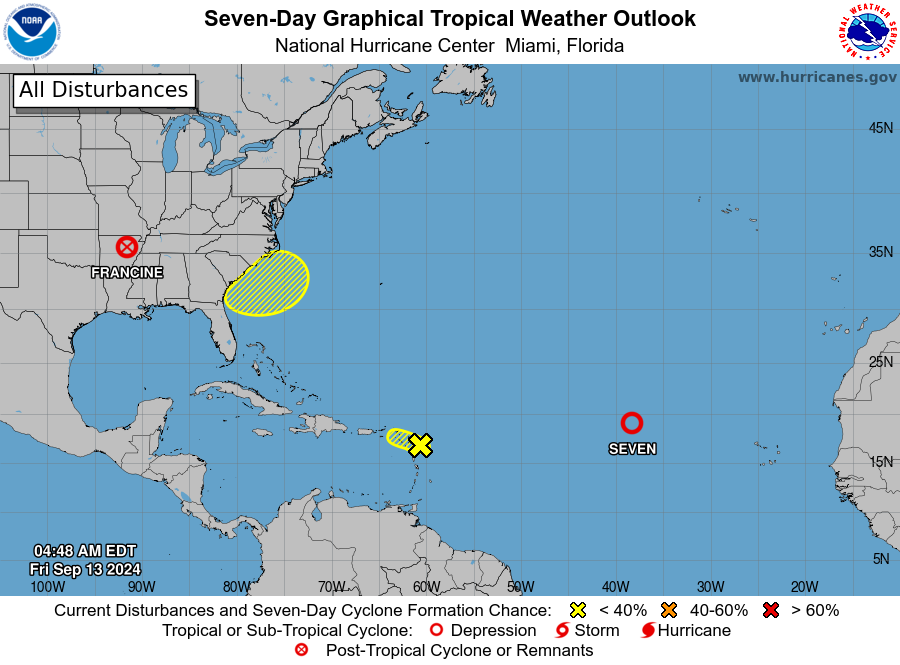
For the North Atlantic...Caribbean Sea and the Gulf of Mexico:

Active Systems: The National Hurricane Center is issuing advisories on Tropical Depression Seven, located over the central tropical Atlantic Ocean. The Weather Prediction Center is issuing advisories on Post-Tropical Cyclone Francine, located inland over northeastern Arkansas.

1. Near the Northern Leeward Islands (AL94): Satellite-derived wind data from several hours ago indicate that a small area of low pressure located less than one hundred miles east of the northern Leeward Islands has degenerated into a surface trough. Environmental conditions, including the proximity of dry air, do not favor development of this system while it moves west-northwestward at about 15 mph. Regardless of development, locally heavy rainfall and gusty winds are possible across the northern Leeward Islands today.
* Formation chance through 48 hours...low...20 percent.
* Formation chance through 7 days...low...20 percent.

2. Offshore the Southeastern U.S.: A non-tropical area of low pressure could form along a frontal boundary a few hundred miles off the southeastern U.S. coastline this weekend. Thereafter, some subtropical or tropical development is possible during the early part of next week while the system moves generally northwestward toward the coast.
* Formation chance through 48 hours...low...near 0 percent.
* Formation chance through 7 days...low...30 percent.

Forecaster Berg